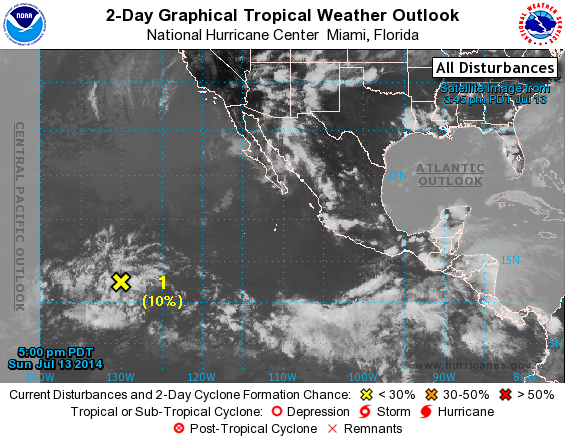
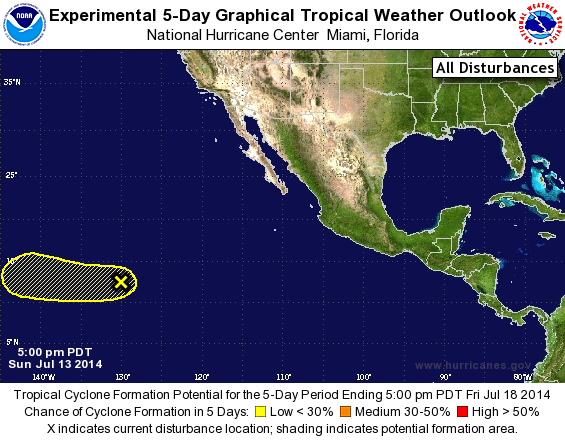
For the eastern North Pacific...east of 140 degrees west longitude:

1. A large area of disturbed weather centered about 1500 miles west-southwest of the southern tip of the Baja California peninsula is associated with a tropical wave. Some slow development of this system is possible over the next few days while it moves to the west or west-northwest at 10 to 15 mph.
* Formation chance through 48 hours...low...10 percent.
* Formation chance through 5 days...low...20 percent.

Forecaster Blake